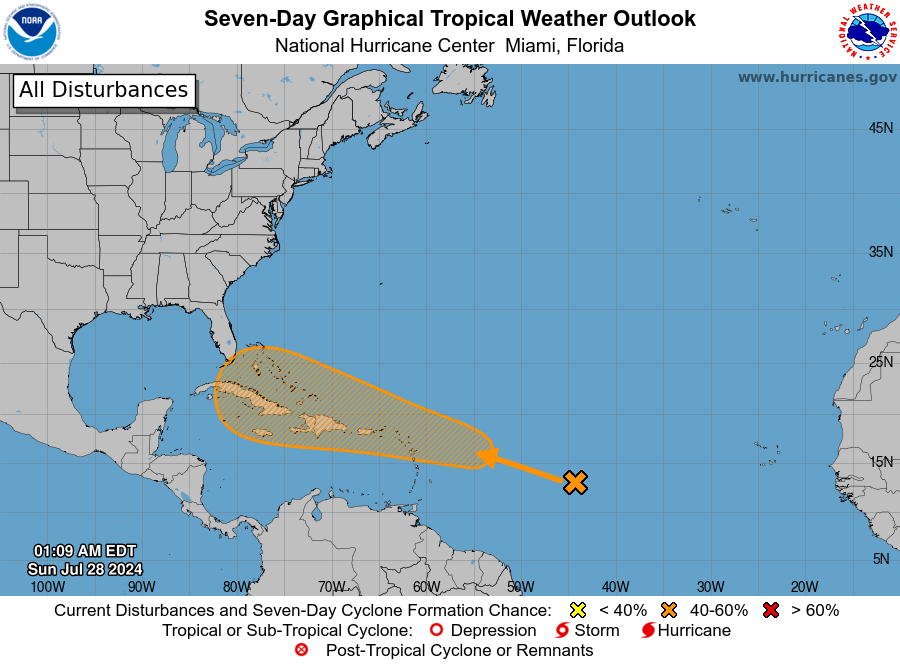
For the North Atlantic...Caribbean Sea and the Gulf of Mexico:

1. Near the Lesser and Greater Antilles: An area of disturbed weather over the central tropical Atlantic Ocean is expected to interact with an approaching tropical wave during the next several days. Environmental conditions are forecast to become conducive for some development in a day or two, and a tropical depression could form around midweek while the system is near or over the northern Leeward Islands, Greater Antilles or southwestern Atlantic Ocean.
* Formation chance through 48 hours...low...near 0 percent.
* Formation chance through 7 days...medium...40 percent.

Forecaster Blake